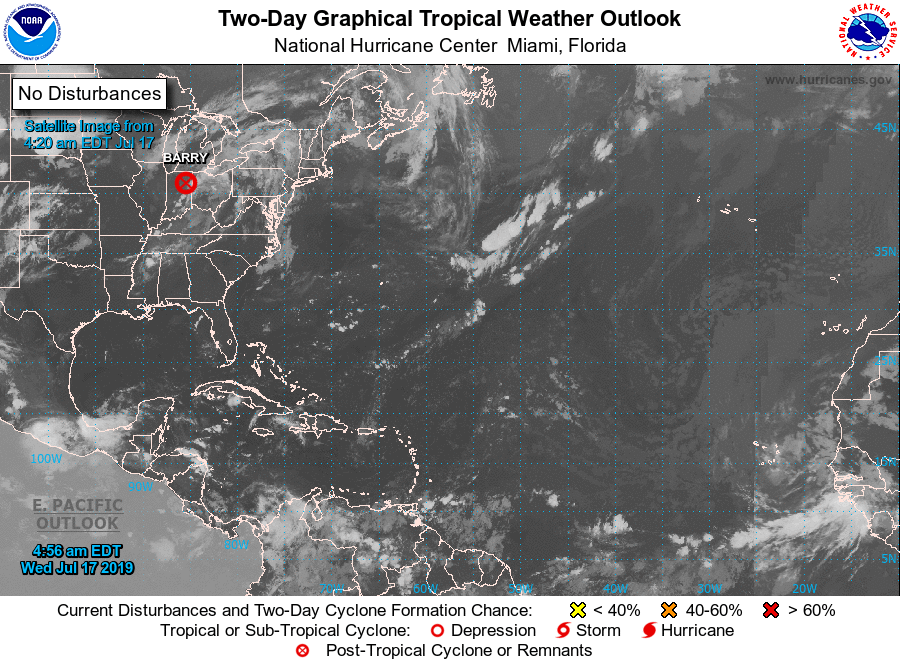
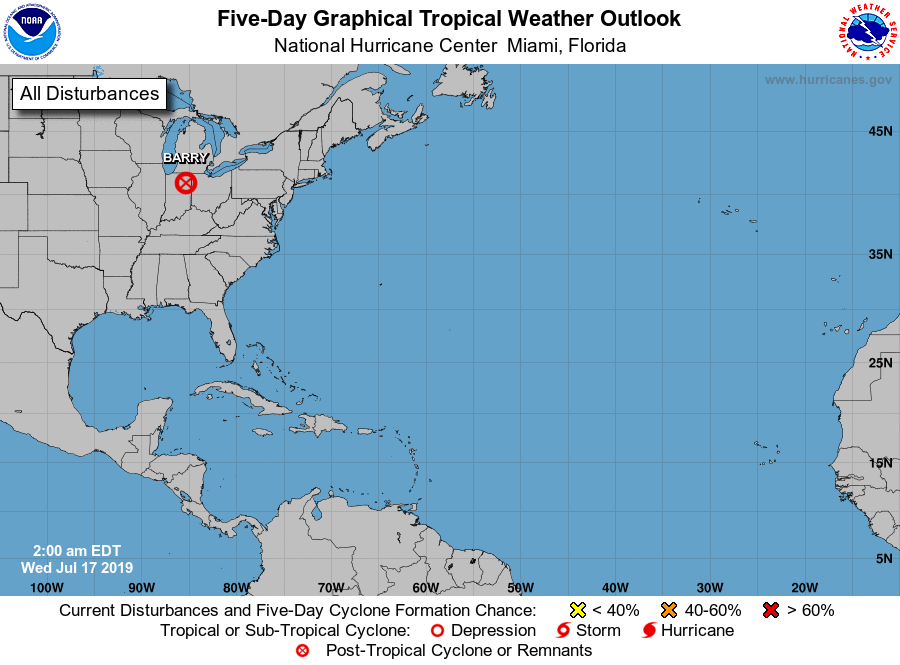
For the North Atlantic...Caribbean Sea and the Gulf of Mexico:

The Weather Prediction Center is issuing advisories on Post-Tropical Cyclone Barry, located over Illinois.

Tropical cyclone formation is not expected during the next 5 days.

&&
Public advisories on Barry from the Weather Prediction Center can be found under AWIPS header TCPAT2, WMO header WTNT32 KWNH, and on the web at http://www.wpc.ncep.noaa.gov

Forecaster Blake